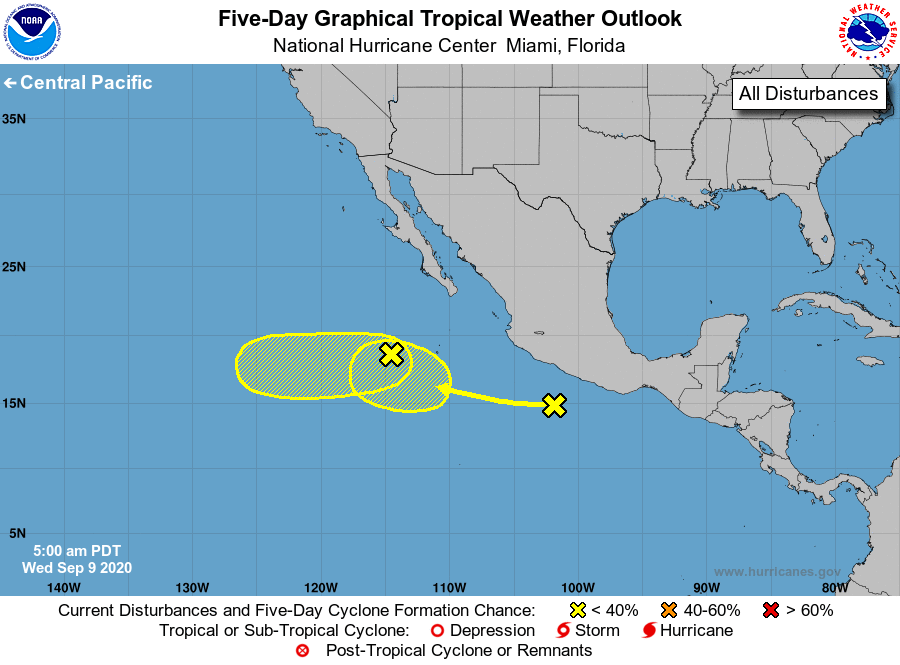
For the eastern North Pacific...east of 140 degrees west longitude:

1. An elongated area of low pressure located more than 400 miles southwest of the southern tip of the Baja California peninsula is producing limited shower activity. Environmental conditions are expected to be only marginally conducive for some development of this system during the next several days while it moves slowly westward.
* Formation chance through 48 hours...low...10 percent.
* Formation chance through 5 days...low...20 percent.

2. A large area of disturbed weather extends several hundred miles south and southwest of the coast of southern Mexico. Some gradual development of this system is possible through early next week while it moves slowly west-northwestward away from the coast of Mexico.
* Formation chance through 48 hours...low...near 0 percent.
* Formation chance through 5 days...low...20 percent.

Forecaster Berg